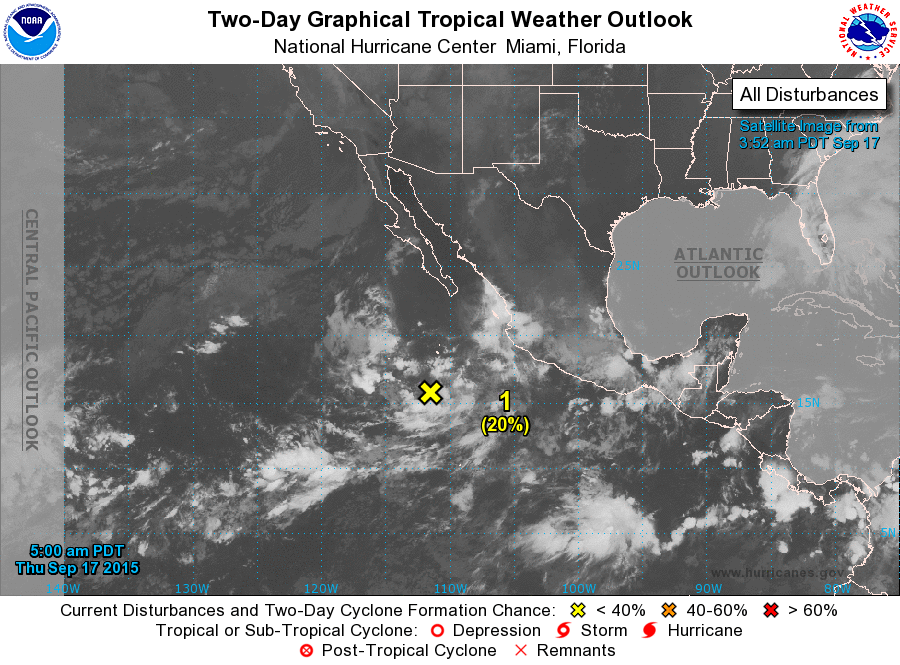
For the eastern North Pacific...east of 140 degrees west longitude:

1. A large area of disorganized cloudiness and thunderstorms located several hundred miles south of the southern tip of the Baja California peninsula is associated with a weak area of low pressure. Some gradual development of this system is possible by this weekend while it moves slowly northwestward.
* Formation chance through 48 hours...low...20 percent
* Formation chance through 5 days...low...30 percent

Forecaster Berg